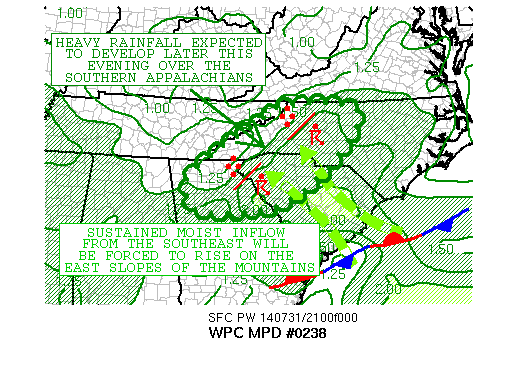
AREAS AFFECTED...NORTHEAST GA...WESTERN SC...WESTERN NC

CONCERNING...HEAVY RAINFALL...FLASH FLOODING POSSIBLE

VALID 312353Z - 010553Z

SUMMARY...PERIODS OF HEAVY RAINFALL WITH EMBEDDED THUNDERSTORMS
OVER THE SOUTHERN APPALACHIANS AND EASTERN FOOTHILLS ARE LIKELY
LATE THIS EVENING AND INTO THE EARLY OVERNIGHT HOURS.  DEEP
MOISTURE MOVING TOWARDS THE HIGHER TERRAIN WILL RESULT IN UPSLOPE
FLOW AND EFFICIENT RAINFALL PRODUCTION.

DISCUSSION...AFTER A ROUND OF HEAVY RAINFALL OVER THIS REGION
EARLIER ON THURSDAY...ADDITIONAL SIGNIFICANT RAINFALL APPEARS
LIKELY AFTER 00Z THIS EVENING.  WHILE INSTABILITY IS NOT
IMPRESSIVE OVER THE SOUTHERN APPALACHIANS THIS
EVENING...PERSISTENT LOW-LEVEL SOUTHEASTERLY FLOW IN THE 925-800MB
LAYER IS ADVECTING NEARLY 2 INCH PW VALUES INLAND THAT WILL RESULT
IN A NEARLY SATURATED LOWER AND MIDDLE TROPOSPHERE.  THE UPSLOPE
FLOW OVER THIS AREA WILL ADD ADDITIONAL LIFT.  THE OVERALL RESULT
SHOULD BE LOW-TOPPED CONVECTION WITH VERY EFFICIENT WARM-CLOUD
PRECIPITATION PROCESSES.

LOWER FLASH FLOOD GUIDANCE VALUES AFTER THE EARLIER RAIN...ALONG
WITH THE INCOMING MOISTURE FROM THE ATLANTIC...WILL CREATE AN
ENVIRONMENT FAVORABLE FOR SCATTERED AREAS OF POSSIBLE FLASH
FLOODING.  AFTER COORDINATION WITH THE SATELITE ANALYSIS
BRANCH...CONFIDENCE IS RELATIVELY HIGH IN THE HEAVY RAINFALL EVENT
LATER TONIGHT.